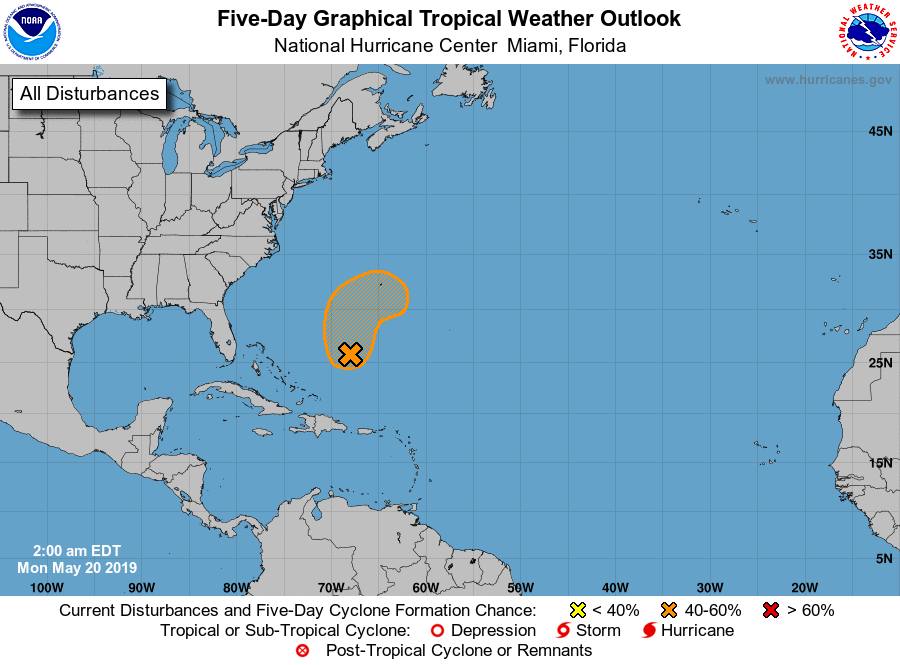
For the North Atlantic...Caribbean Sea and the Gulf of Mexico:

1. Satellite-derived wind data indicate that a trough of low pressure has developed within a large area of cloudiness and disorganized showers several hundred miles to the southwest of Bermuda. A low pressure system is expected to form within this area of disturbed weather later today, and possibly develop into a short-lived subtropical or tropical cyclone by tonight or Tuesday while moving northward or northeastward. By Wednesday, however, conditions are forecast to become unfavorable for further development, and the system should become rapidly absorbed by a cold front. An Air Force Reserve reconnaissance aircraft is scheduled to investigate the disturbance this afternoon, if necessary. Interests in Bermuda should monitor the progress of this system. The next Special Tropical Weather Outlook will be issued by 8 AM EDT today.
* Formation chance through 48 hours...medium...60 percent.
* Formation chance through 5 days...medium...60 percent.

Forecaster Stewart